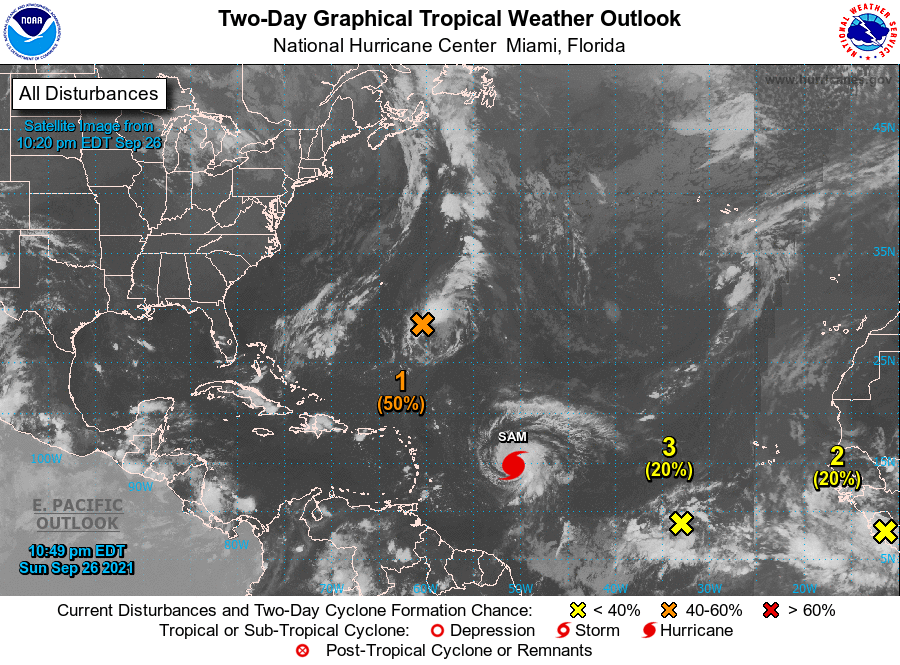
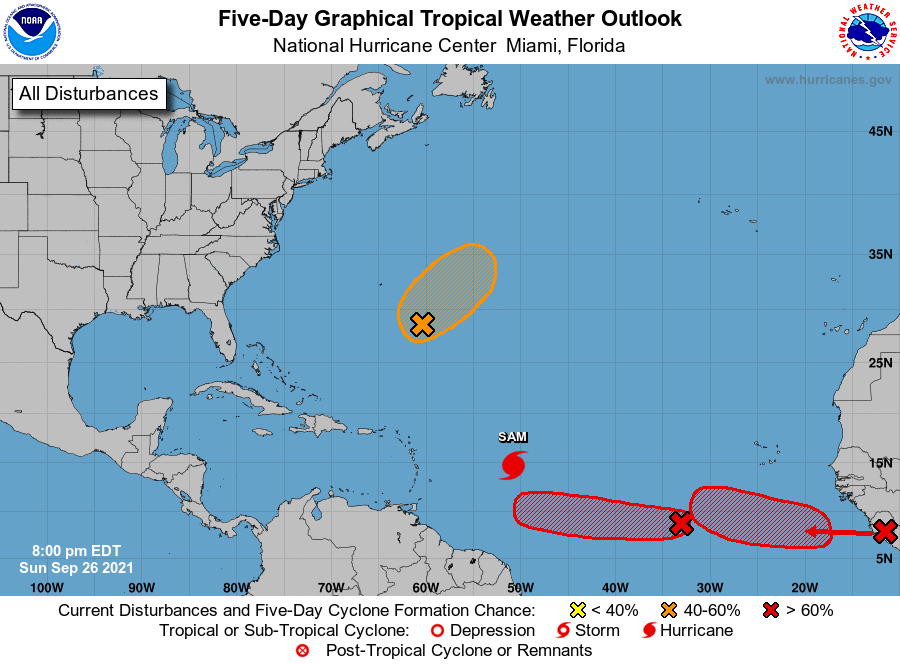
For the North Atlantic...Caribbean Sea and the Gulf of Mexico:

The National Hurricane Center is issuing advisories on Hurricane Sam, located several hundred miles east of Lesser Antilles.

1. Showers and thunderstorms have become a little better organized today in association with a surface trough (the remnants of Peter) located several hundred miles southeast of Bermuda. Upper-level winds are marginally conducive for further development, and Peter could become a tropical depression again during the next couple of days while it moves northeastward at about 10 mph. By midweek, environmental conditions are expected to become unfavorable for further development.
* Formation chance through 48 hours...medium...50 percent.
* Formation chance through 5 days...medium...50 percent.

2. A tropical wave is expected to move off the west coast of Africa on Monday. Upper-level winds are forecast to be conducive for gradual development thereafter, and a tropical depression is likely to form in a few days while the system moves westward to west- northwestward at 10 to 15 mph over the far eastern tropical Atlantic.
* Formation chance through 48 hours...low...20 percent.
* Formation chance through 5 days...high...70 percent.

3. A broad area of low pressure appears to be be forming several hundred miles southwest of the Cabo Verde Islands. Environmental conditions are forecast to support further development of this disturbance, and a tropical depression is likely to form around midweek while it moves westward at 5 to 10 mph.
* Formation chance through 48 hours...low...20 percent.
* Formation chance through 5 days...high...70 percent.

Forecaster Blake